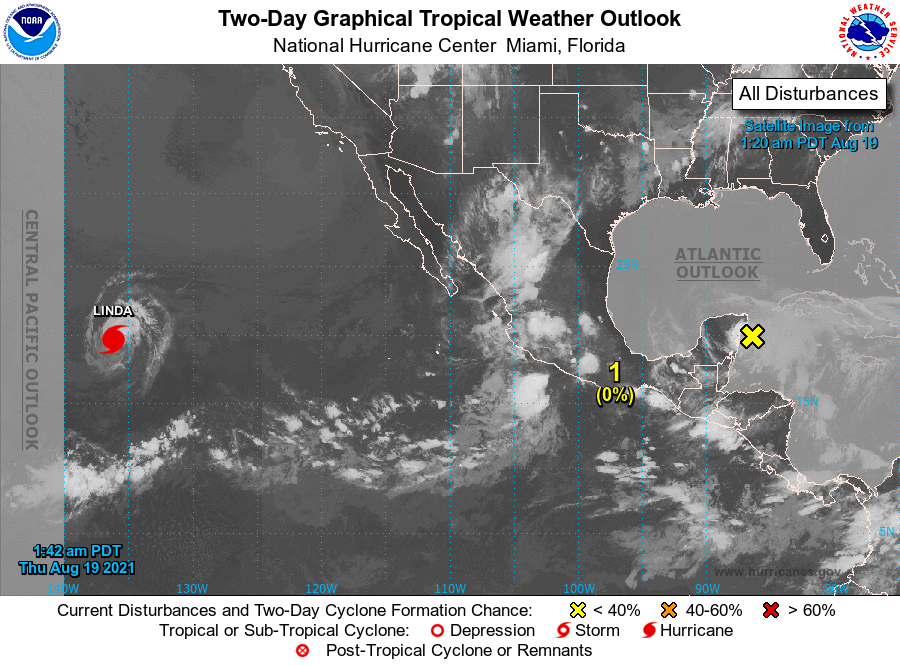
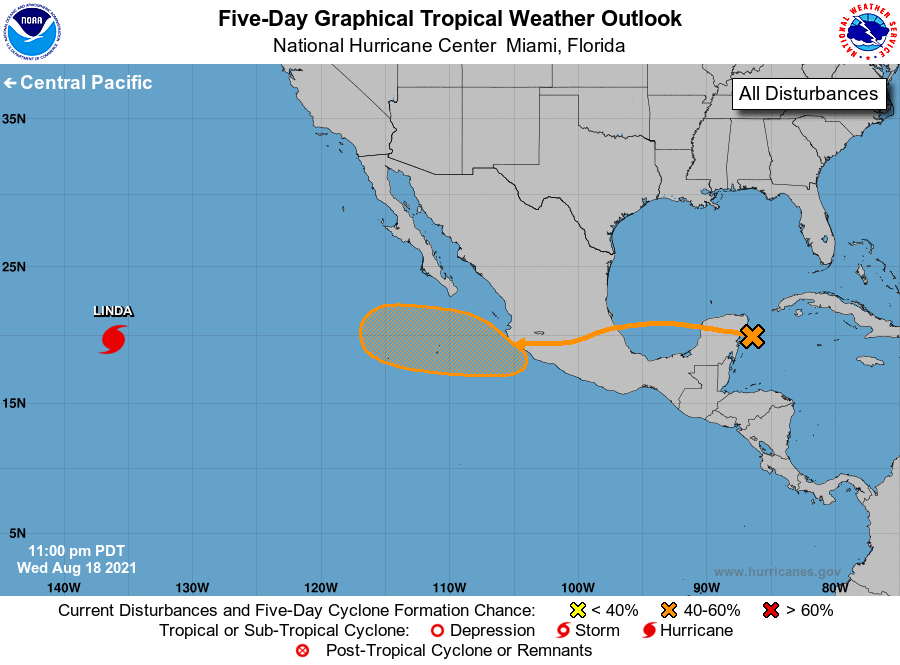
For the eastern North Pacific...east of 140 degrees west longitude:

The National Hurricane Center is issuing advisories on Hurricane Linda, located approximately 1300 miles east of Hilo, Hawaii.

1. Hurricane Grace, located over the northwestern Caribbean Sea, is forecast to move inland over mainland Mexico Friday night and dissipate over Mexico by Saturday night. However, Grace's remnants are expected to continue westward and emerge over the eastern Pacific Ocean off the west-central coast of Mexico on Sunday. Environmental conditions are forecast to be conducive for development, and a tropical depression could form early next week while the system moves westward at 10 to 15 mph away from the coast of Mexico.
* Formation chance through 48 hours...low...near 0 percent.
* Formation chance through 5 days...medium...40 percent.

Forecaster Berg